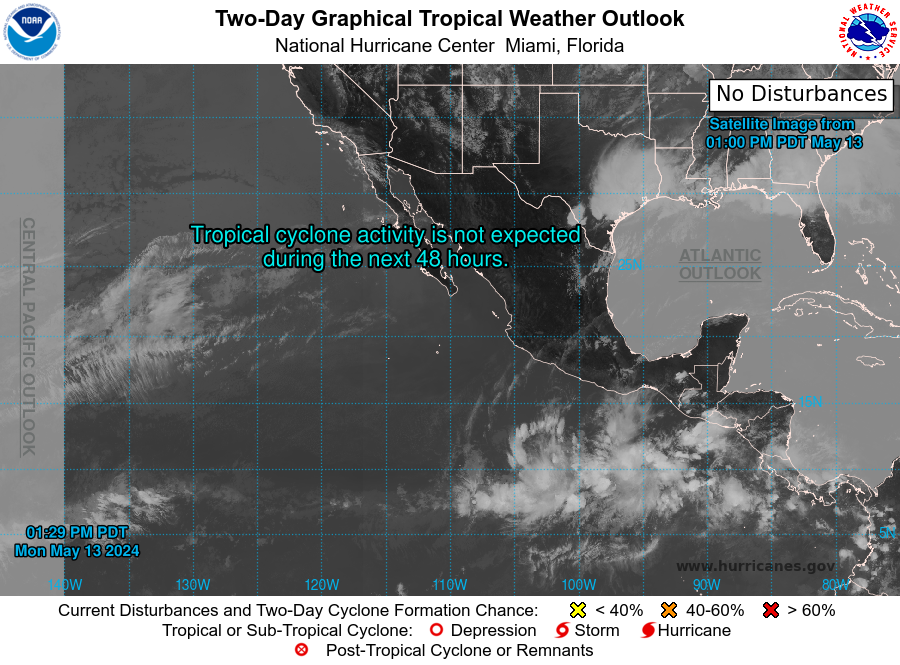
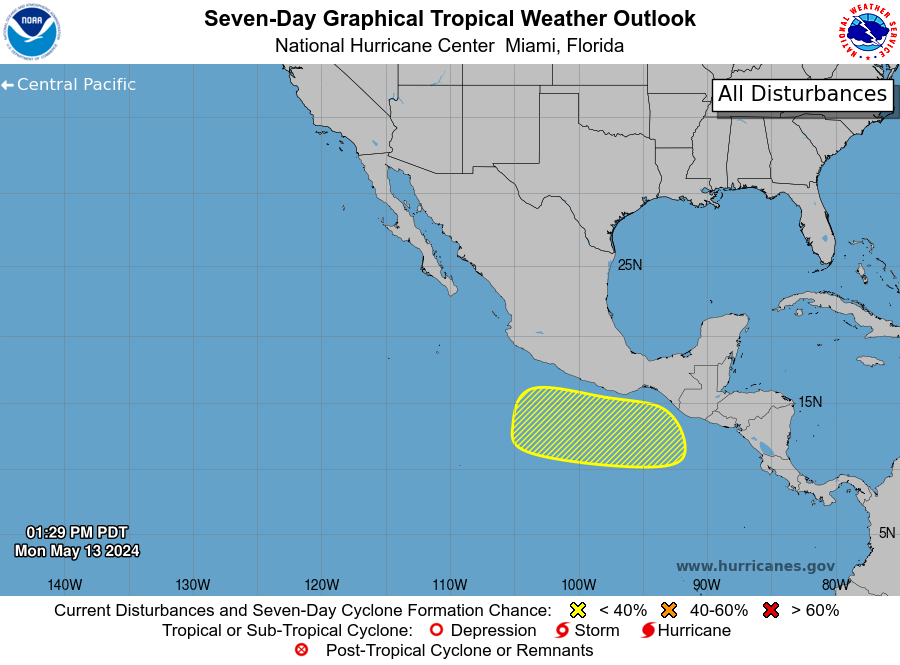
For the eastern North Pacific...east of 140 degrees west longitude:

Special Tropical Weather Outlook issued to discuss possible development to the south of Mexico later this week.

1. South of the Coast of Mexico: An area of low pressure is forecast to form along a trough several hundred miles to the south of the Gulf of Tehuantepec by the middle to latter portion of this week. Thereafter, some gradual development of this system is possible as the low begins to move slowly to the west-northwest, remaining south of the coast of Mexico through early next week.
* Formation chance through 48 Hours...low...near 0 percent.
* Formation chance through 7 days...low...30 percent.

The next Special Tropical Weather Outlook on this system will be issued by 2 PM PDT Tuesday, or earlier if conditions warrant.

Forecaster Papin